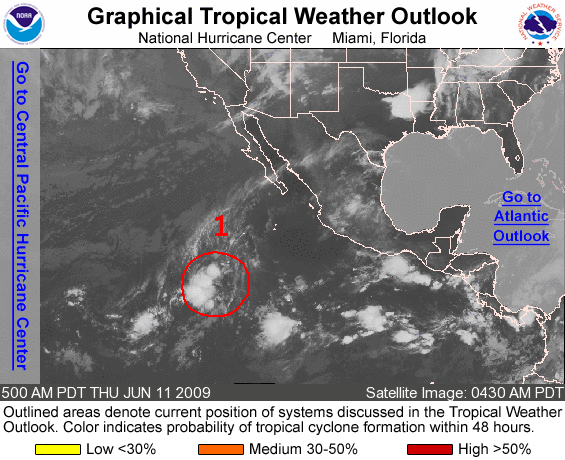
FOR THE EASTERN NORTH PACIFIC...EAST OF 140 DEGREES WEST LONGITUDE..

1. SATELLITE IMAGES INDICATE THAT A TROPICAL DEPRESSION COULD BE FORMING ABOUT 1000 MILES SOUTHWEST OF THE SOUTHERN TIP OF BAJA CALIFORNIA. IF THIS DEVELOPMENT TREND IS CONFIRMED BY VISIBLE IMAGES OR ADDITIONAL MICROWAVE DATA...ADVISORIES WILL BE INITIATED LATER TODAY. THERE IS A HIGH CHANCE...GREATER THAN 50 PERCENT...OF THIS SYSTEM BECOMING A TROPICAL CYCLONE DURING THE NEXT 48 HOURS.

ELSEWHERE...TROPICAL CYCLONE FORMATION IS NOT EXPECTED DURING THE NEXT 48 HOURS.

FORECASTER AVILA